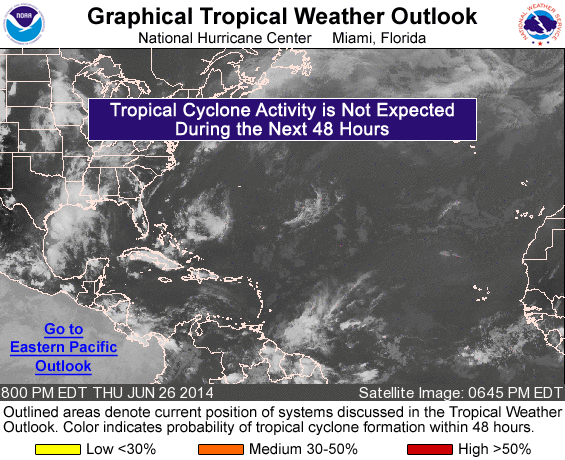
For the North Atlantic...Caribbean Sea and the Gulf of Mexico:

An area of low pressure could form off the southeastern coast of the United States this weekend and linger into early next week. Some development of this system is possible if it remains over water.
* Formation chance through 48 hours...low...near 0 percent.
* Formation chance through 5 days...low...20 percent.

Forecaster Brennan